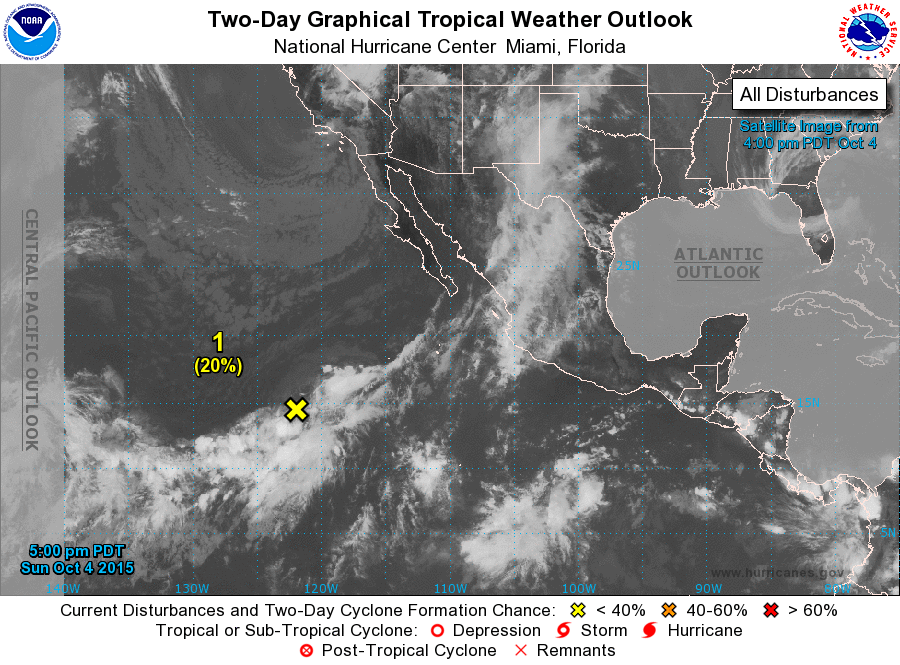
For the eastern North Pacific...east of 140 degrees west longitude:

1. Disorganized showers and thunderstorms continue in association with a broad and elongated area of low pressure located about 1000 miles southwest of the southern tip of the Baja California peninsula. Environmental conditions are expected to become less favorable during the next day or two, and significant development of this disturbance appears unlikely while it moves north-northeastward and then northward 5 to 10 mph.
* Formation chance through 48 hours...low...20 percent
* Formation chance through 5 days...low...20 percent

Forecaster Berg